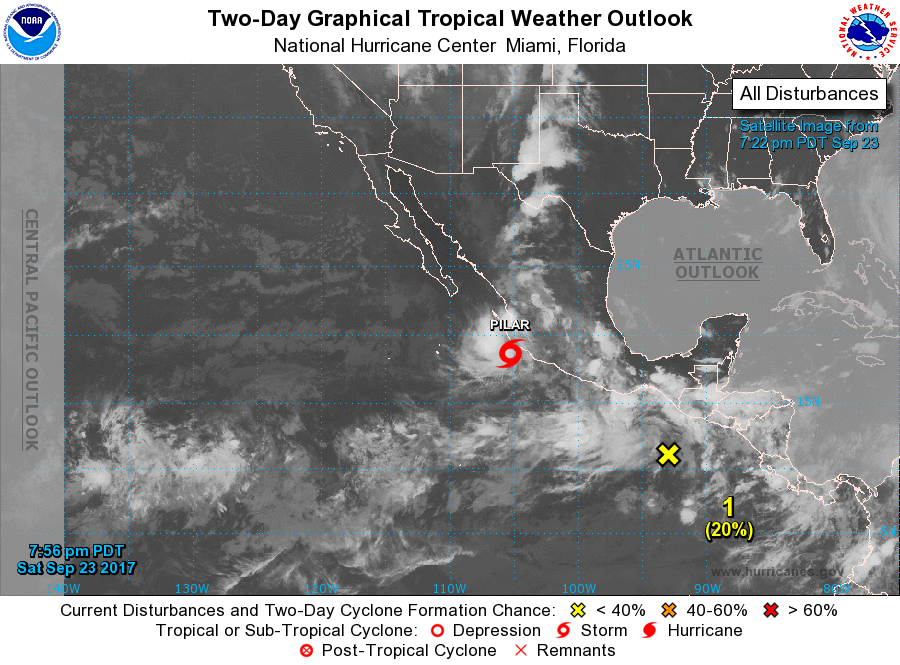
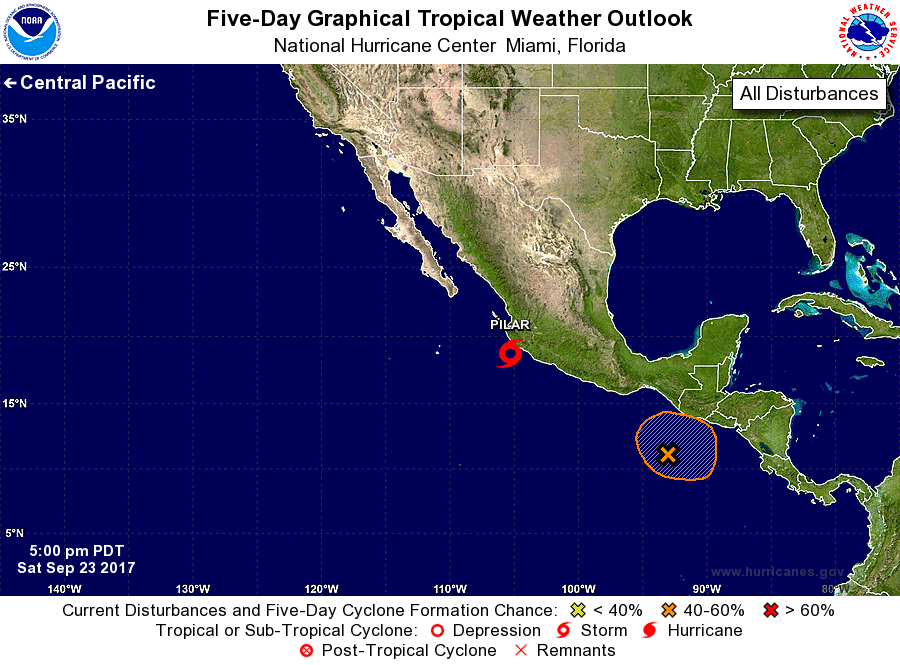
For the eastern North Pacific...east of 140 degrees west longitude:

The National Hurricane Center is issuing advisories on newly formed Tropical Depression Eighteen-E, located near the southwest coast of Mexico.

1. A broad area of low pressure continues to produce shower and thunderstorms over the far eastern Pacific. Some gradual development of this system is possible over the next few days before the system moves inland over Central America early next week.
* Formation chance through 48 hours...low...20 percent.
* Formation chance through 5 days...medium...40 percent.

Public Advisories on Tropical Depression Eighteen-E are issued under WMO header WTPZ33 KNHC and under AWIPS header MIATCPEP3. Forecast/Advisories on Tropical Depression Eighteen-E are issued under WMO header WTPZ23 KNHC and under AWIPS header MIATCMEP3.

Forecaster Zelinsky